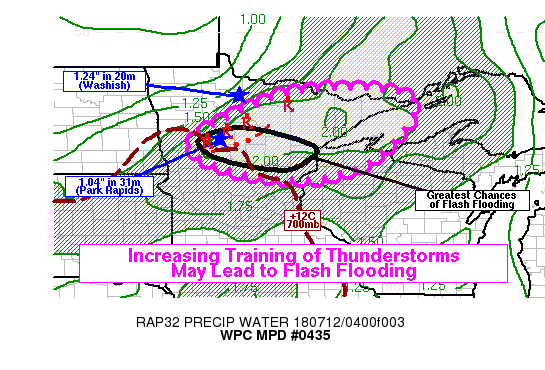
AREAS AFFECTED...NRN MINNESOTA...FAR NW WISCONSIN

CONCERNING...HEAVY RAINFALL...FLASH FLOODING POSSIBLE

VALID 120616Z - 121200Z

SUMMARY...THUNDERSTORMS WILL CONTINUE TO MOVE ACROSS NORTHERN
MINNESOTA AND WILL LIKELY CONTAIN VERY HEAVY RAIN RATES. SOME OF
THE STORMS MAY REPEATEDLY AFFECT SOME AREAS FROM THE BRAINERD
LAKES REGION EAST TO THE I-35 CORRIDOR AROUND MOOSE LAKE. RAIN
RATES OF 2 IN/HR WILL BE POSSIBLE... WHICH COULD LEAD TO FLASH
FLOODING.

DISCUSSION...RADAR RAINFALL ESTIMATES AND SURFACE OBSERVATIONS
CONTINUE TO SHOW VERY HEAVY RAIN RATES WITH THE THUNDERSTORMS
MOVING ACROSS NORTHERN MINNESOTA. WASHISH (KVWU) REPORTED 1.24
INCHES OF RAIN IN 20 MINUTES AND 1.91 INCHES OF RAIN IN AN HOUR...
AND PARK RAPIDS (KPKD) REPORTED 1.04 INCHES OF RAIN IN 31 MINUTES.
THIS IS CLOSE TO KMVX AND KDLH DUAL POL AND MRMS ESTIMATES OF
POCKETS OF 2 IN/HR RAIN RATES WITH THE STRONGEST CONVECTION. THIS
SHOULD CONTINUE GIVEN PRECIPITABLE WATER VALUES AROUND 2 INCHES
(ABOVE THE 99TH PERCENTILE PER CFSR CLIMATOLOGY)... STRONG
INSTABILITY... AND STRONG LOW-LEVEL INFLOW WHICH WILL FAVOR
ORGANIZED CONVECTION AND HEAVY RAINFALL. THE MOST SIGNIFICANT LINE
OF STORMS STRETCHED FROM GRAND RAPIDS TO BACKUS AT 06Z... AND WAS
SHOWING SIGNS OF FORWARD PROPAGATION... PARTICULARLY ON THE
NORTHERN END. THIS WAS CONTINUING TO LEAD TO GREATER W-E LINE
ORIENTATION. UPSTREAM REDEVELOPMENT OF CONVECTION BEHIND THE
PRIMARY SQUALL LINE... AND ALONG THE TRAILING EDGE... WAS SETTING
UP A FAVORABLE CONFIGURATION FOR INCREASED TRAINING IN THE NEXT
SEVERAL HOURS IN THE BRAINERD LAKES REGION. TO THE NORTH... STORMS
WERE MORE SCATTERED WITH ONE PROMINENT CLUSTER NEAR ORR.

GENERALLY... THIS IS EXPECTED TO CONTINUE WITH MORE SCATTERED
CONVECTION MOVING INTO THE MINNESOTA AREA... AND A MORE FOCUSED
BAND OF CONVECTION ON THE EDGE OF THE CAP (ROUGHLY OUTLINED BY THE
+12C ISOTHERM AT 700MB). AS THE LARGER LINE OF STORMS CONTINUES TO
INTERCEPT LOW-LEVEL INFLOW... THAT SHOULD INCREASINGLY BE THE
FOCUS AREA FOR HEAVY RAINFALL. 925-850MB FLOW WILL ALSO VEER OVER
THE NEXT SEVERAL HOURS... LEADING TO MORE LINE-PARALLEL FLOW AND
FAVORING NEW UPDRAFT FORMATION JUST WSW-W OF AN INCREASINGLY W-E
ORIENTED LINE. AGAIN... THIS WILL FAVOR MORE TRAINING AND AN
INCREASED THREAT OF FLASH FLOODING BETWEEN 06Z AND 12Z IN
NORTH-CENTRAL MINNESOTA.

IT SEEMS AT LEAST CONCEIVABLE THAT 1-2 IN/HR RAIN RATES COULD BE
SUSTAINED AT A GIVEN LOCATION FOR A COUPLE HOURS... AND LOCALIZED
RAINFALL TOTALS AROUND OR JUST OVER 5 INCHES WOULD NOT BE OUT OF
THE QUESTION. VALUES THAT HIGH HAVE AN ANNUAL EXCEEDANCE
PROBABILITY OF LESS THAN 2 PERCENT BASED ON THE CLIMATOLOGY AT
BRAINERD MN...AND WOULD BE LIKELY TO LEAD TO FLOODING ISSUES WERE
THEY TO OCCUR.